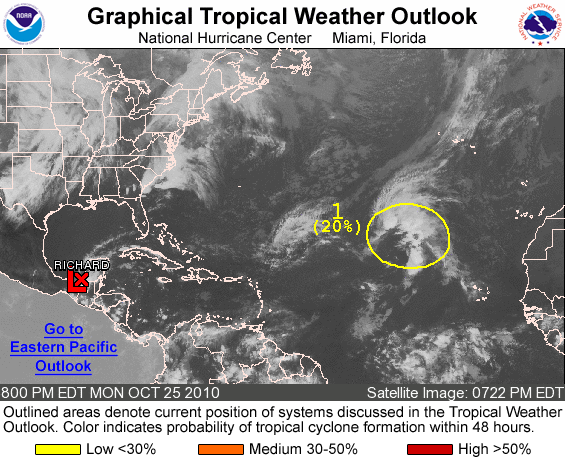
FOR THE NORTH ATLANTIC...CARIBBEAN SEA AND THE GULF OF MEXICO...

THE NATIONAL HURRICANE CENTER IS ISSUING ADVISORIES ON TROPICAL DEPRESSION RICHARD...LOCATED INLAND ABOUT 55 MILES SOUTHEAST OF CIUDAD DEL CARMEN MEXICO.

1. A LARGE AREA OF SHOWERS AND THUNDERSTORMS LOCATED OVER THE EASTERN ATLANTIC IS ASSOCIATED WITH AN UPPER-LEVEL LOW AND A WEAK SURFACE LOW PRESSURE AREA LOCATED ABOUT 1075 MILES WEST-NORTHWEST OF THE CAPE VERDE ISLANDS. UPPER-LEVEL WINDS ARE EXPECTED TO BECOME A LITTLE MORE CONDUCIVE FOR DEVELOPMENT ON TUESDAY...BUT ARE FORECAST TO BECOME LESS FAVORABLE IN A COUPLE OF DAYS. THERE IS A LOW CHANCE...20 PERCENT...OF THIS SYSTEM BECOMING A SUBTROPICAL CYCLONE DURING THE NEXT 48 HOURS AS IT MOVES NORTHWESTWARD AT 10 MPH.

ELSEWHERE...TROPICAL CYCLONE FORMATION IS NOT EXPECTED DURING THE NEXT 48 HOURS.

FORECASTER BROWN